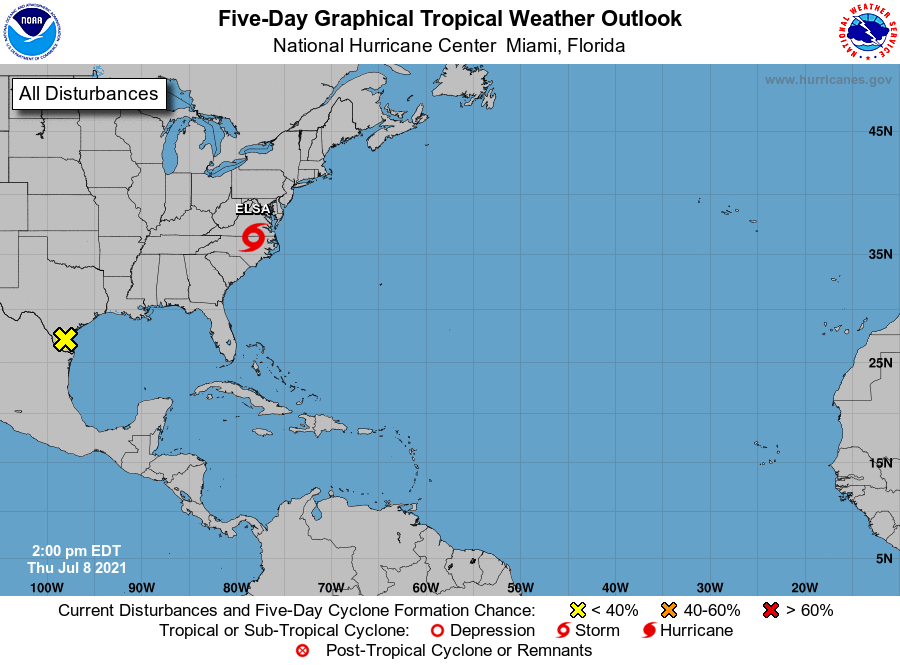
For the North Atlantic...Caribbean Sea and the Gulf of Mexico:

The National Hurricane Center is issuing advisories on Tropical Storm Elsa, located inland over North Carolina.

1. A broad area of low pressure nearly stationary over south Texas is continuing to produce a large area of disorganized showers and thunderstorms over the northwestern Gulf of Mexico. Although development of this system is not anticipated since it is expected to remain over land, heavy rainfall and flash flooding will be possible along the Texas Gulf coast over the next few days. See products issued by your local National Weather Service Forecast Office for additional information.
* Formation chance through 48 hours...low...near 0 percent.
* Formation chance through 5 days...low...near 0 percent.

Forecaster Papin/Pasch